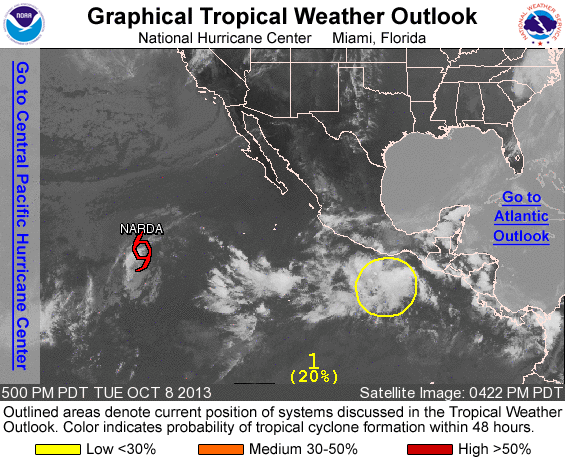
FOR THE EASTERN NORTH PACIFIC...EAST OF 140 DEGREES WEST LONGITUDE..

THE NATIONAL HURRICANE CENTER IS ISSUING ADVISORIES ON TROPICAL STORM NARDA...LOCATED WELL TO THE WEST-SOUTHWEST OF THE SOUTHERN TIP OF THE BAJA CALIFORNIA PENINSULA.

1. A LARGE AREA OF DISORGANIZED SHOWERS AND THUNDERSTORMS LOCATED SEVERAL HUNDRED MILES SOUTH-SOUTHEAST OF ACAPULCO MEXICO IS ASSOCIATED WITH A TROUGH OF LOW PRESSURE. ENVIRONMENTAL CONDITIONS ARE EXPECTED TO REMAIN CONDUCIVE FOR DEVELOPMENT OVER THE ENXT SEVERAL DAYS...AND THIS DISTURBANCE COULD BECOME A TROPICAL DEPRESSION BY THIS WEEKEND. THIS SYSTEM HAS A LOW CHANCE...20 PERCENT...OF BECOMING A TROPICAL CYCLONE DURING THE NEXT 48 HOURS...AND A HIGH CHANCE...80 PERCENT...OF BECOMING A TROPICAL CYCLONE DURING THE NEXT 5 DAYS WHILE IT MOVES WEST-NORTHWESTWARD AND THEN NORTHWESTWARD AT ABOUT 10 MPH.

FIVE-DAY FORMATION PROBABILITIES ARE EXPERIMENTAL IN 2013. COMMENTS ON THE EXPERIMENTAL FORECASTS CAN BE PROVIDED AT...

HTTP://WWW.NWS.NOAA.GOV/SURVEY/NWS-SURVEY.PHP?CODE=ETWO

FORECASTER KIMBERLAIN